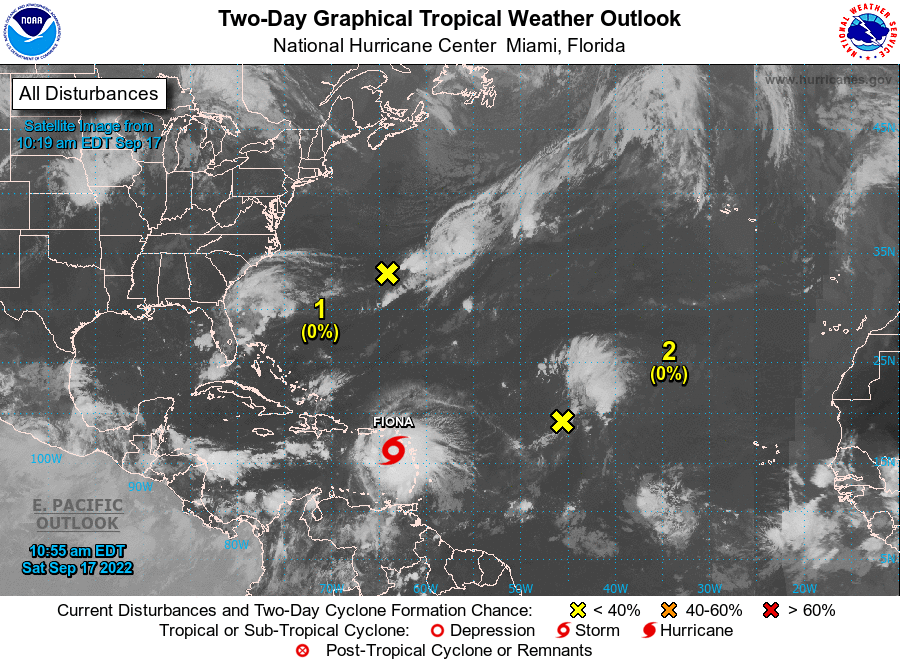
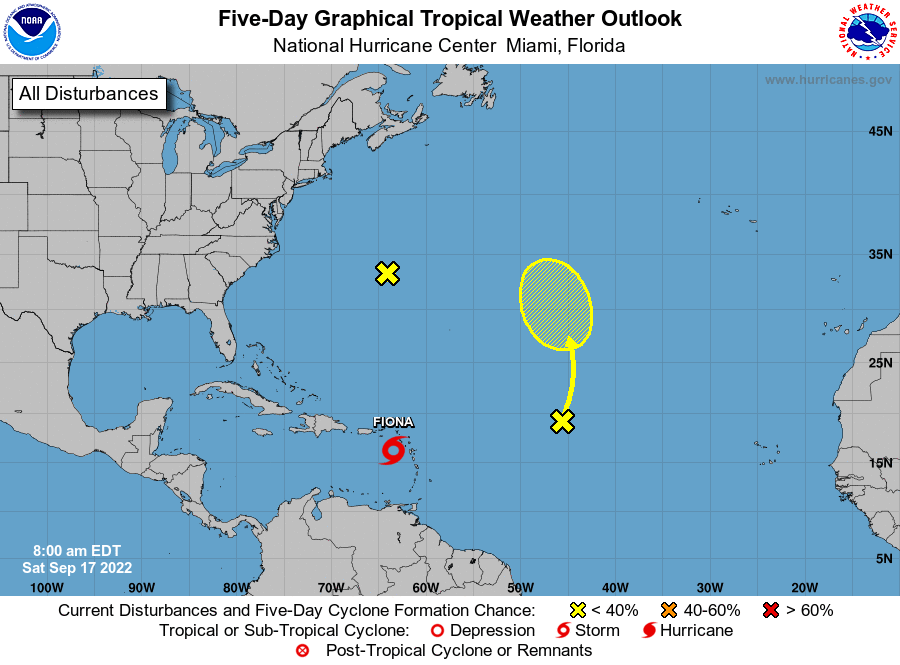
For the North Atlantic...Caribbean Sea and the Gulf of Mexico:

Active Systems: The National Hurricane Center is issuing advisories on Tropical Storm Fiona, located over the northeastern Caribbean Sea.

1. Western Atlantic: A frontal low located just to the northeast of Bermuda has an elongated circulation and continues to produce disorganized showers and thunderstorms well to the east of its center. Development of this system into a tropical cyclone is not expected due to strong upper-level winds. The low is expected to move slowly east-southeastward and then become nearly stationary over the next day or two.
* Formation chance through 48 hours...low...near 0 percent.
* Formation chance through 5 days...low...near 0 percent.

2. Central Atlantic: Disorganized showers and thunderstorms over the central Atlantic are associated with the northern portion of a tropical wave. Some slow development of this system is possible during the early or middle part of next week while it moves slowly northwestward to northward.
* Formation chance through 48 hours...low...near 0 percent.
* Formation chance through 5 days...low...20 percent.

Forecaster Berg